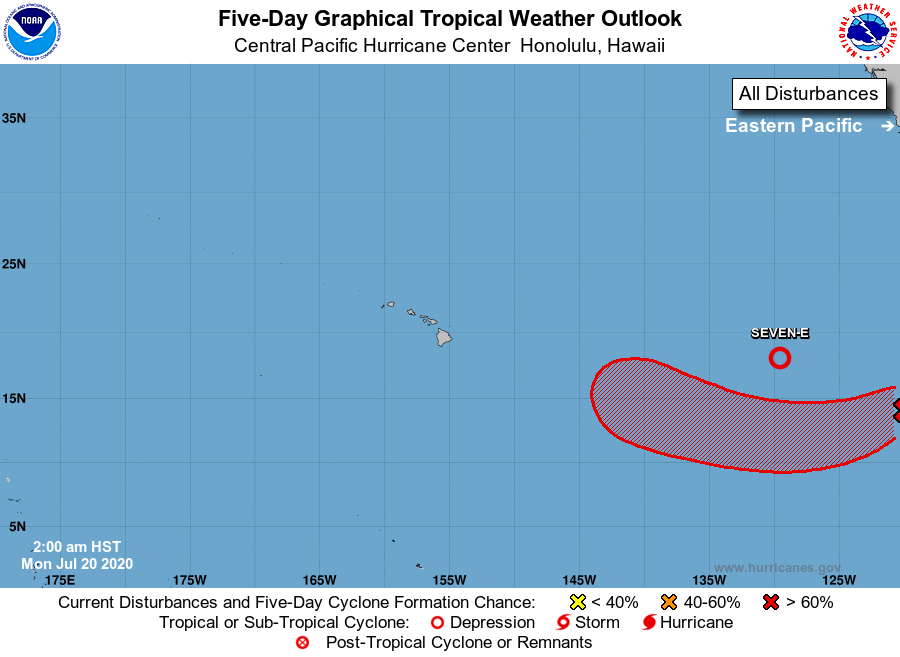
For the central North Pacific...between 140W and 180W:

The National Hurricane Center has initiated advisories on newly formed Tropical Depression Seven-E, located about 1600 miles east of Hilo, Hawaii. Seven-E is expected to move into the Central Pacific Hurricane Center area of responsibility Wednesday as a Post-Tropical remnant low.

1. A low pressure system located about 2500 miles east-southeast of Hilo, Hawaii continues to show signs of organization, and recent satellite-derived wind data indicate that the low is producing winds just below tropical storm force. Environmental conditions are conducive for additional development, and a tropical depression or tropical storm is likely to form during the next day or two while the low moves west-southwestward and then westward at 10 to 15 mph.
* Formation chance through 48 hours...high...70 percent.
* Formation chance through 5 days...high...90 percent.

Elsewhere, no tropical cyclone formation is expected during the next 5 days.

Public Advisories on Tropical Depression Seven-E are issued under WMO header WTPZ32 KNHC and under AWIPS header MIATCPEP2. Forecast/Advisories on Tropical Depression Seven-E are issued under WMO header WTPZ22 KNHC and under AWIPS header MIATCMEP2.

Forecaster Gibbs